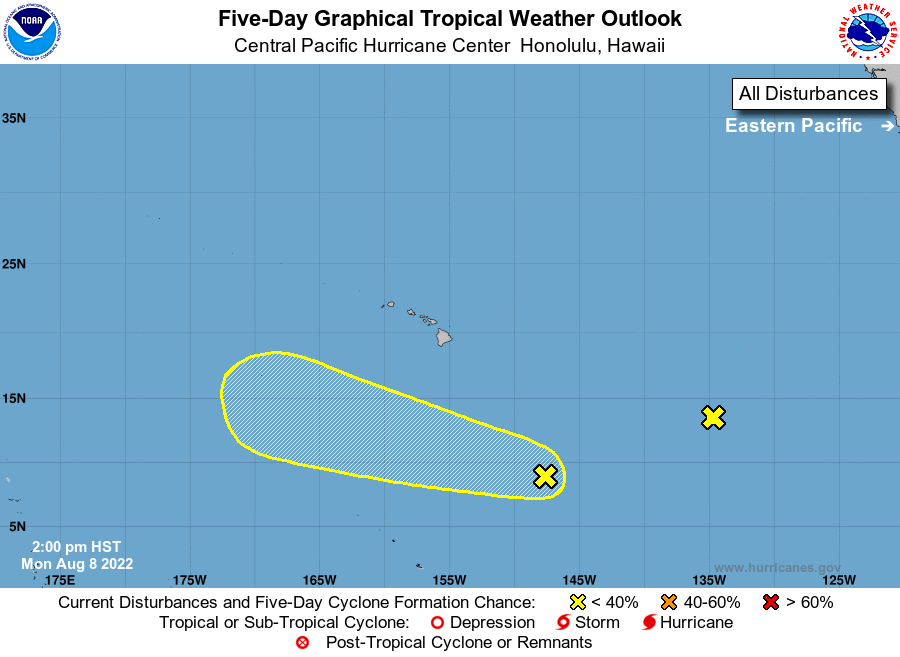
For the central North Pacific...between 140W and 180W:

1. Well South-Southeast of the Main Hawaiian Islands: An area of low pressure could form around midweek within a broad trough several hundred miles south-southeast of the main Hawaiian Islands. Environmental conditions could allow for some gradual development of this system as it moves quickly westward over the central Pacific later this week.
* Formation chance through 48 hours...low...10 percent.
* Formation chance through 5 days.....low...30 percent.

2. Well East-Southeast of the Hawaiian Islands: A large area of disorganized showers and thunderstorms is associated with a broad trough of low pressure located more than 1000 miles east-southeast of the Hawaiian Islands. Environmental conditions have become less conducive, and additional development is no longer expected as the disturbance moves westward toward the central Pacific basin.
* Formation chance through 48 hours...low...near 0 percent.
* Formation chance through 5 days...low...near 0 percent.

Elsewhere, no tropical cyclones are expected during the next 5 days.

Forecaster Burke